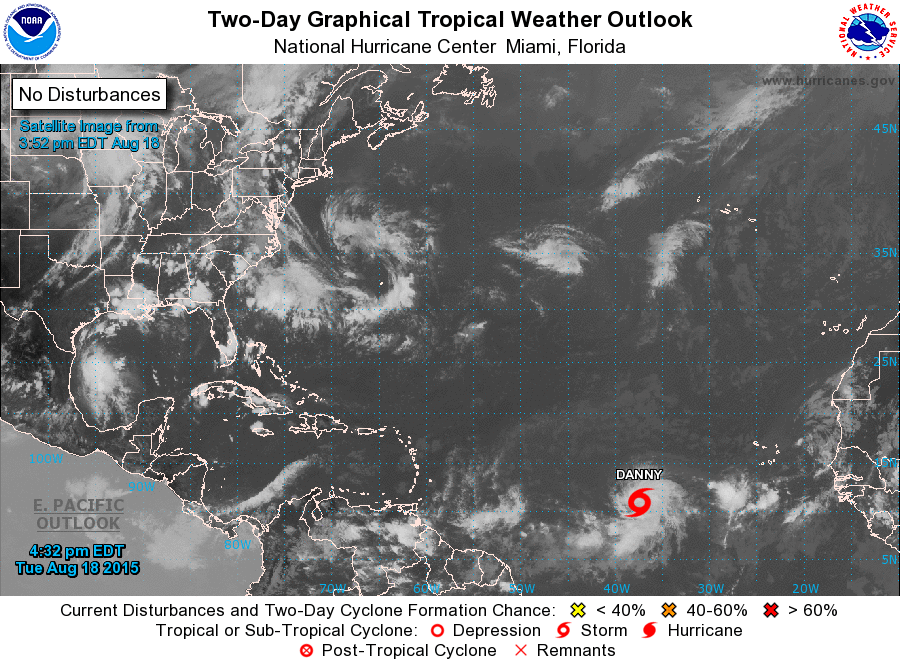
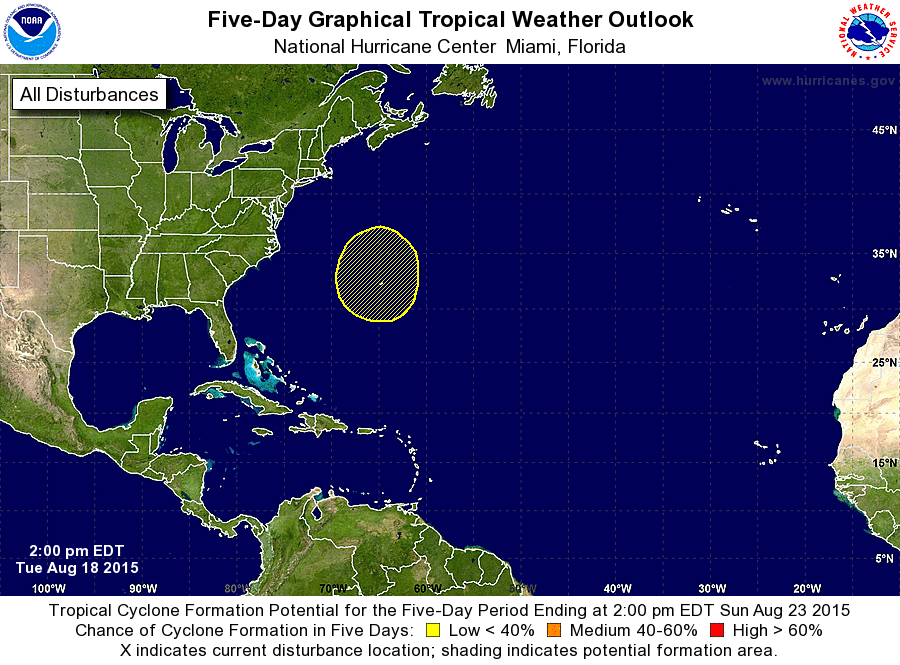
For the North Atlantic...Caribbean Sea and the Gulf of Mexico:

The National Hurricane Center is issuing advisories on newly formed Tropical Depression Four, located over the central tropical Atlantic more than 1600 miles east of the Windward Islands.

1. A non-tropical area of low pressure is expected to form within a couple of hundred miles of Bermuda over the western Atlantic Ocean in a few days. Environmental conditions could support some tropical or subtropical development of this system by the weekend while it moves slowly northward.
* Formation chance through 48 hours...low...near 0 percent
* Formation chance through 5 days...low...30 percent

Public Advisories on Tropical Depression Four are issued under WMO header WTNT34 KNHC and under AWIPS header MIATCPAT4. Forecast/Advisories on Tropical Depression Four are issued under WMO header WTNT24 KNHC and under AWIPS header MIATCMAT4.

Forecaster Stewart